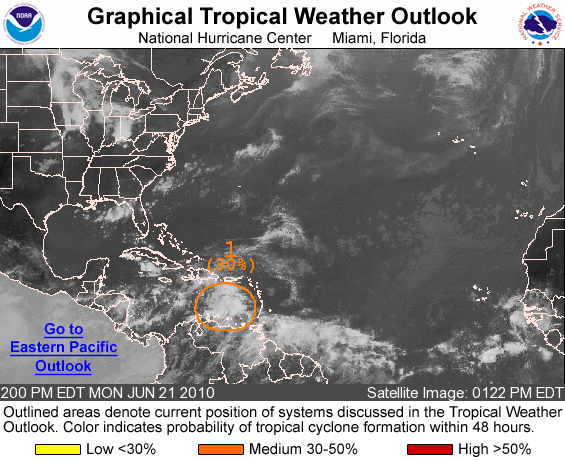
FOR THE NORTH ATLANTIC...CARIBBEAN SEA AND THE GULF OF MEXICO...

1. A LARGE AREA OF SHOWERS AND THUNDERSTORMS OVER THE EASTERN CARIBBEAN SEA IS ASSOCIATED WITH A STRONG TROPICAL WAVE THAT IS MOVING WESTWARD AT 10 TO 15 MPH. ALTHOUGH THERE IS NO EVIDENCE OF A SURFACE CIRCULATION...THIS SYSTEM IS SHOWING SOME SIGNS OF ORGANIZATION AND ENVIRONMENTAL CONDITIONS APPEAR CONDUCIVE FOR GRADUAL DEVELOPMENT DURING THE NEXT COUPLE OF DAYS. THIS WAVE COULD PRODUCE LOCALLY HEAVY RAINFALL AND GUSTY WINDS OVER PORTIONS OF NORTHERN VENEZUELA...THE NETHERLANDS ANTILLES...PUERTO RICO...THE DOMINICAN REPUBLIC...AND HAITI OVER THE NEXT DAY OR SO. THERE IS A MEDIUM CHANCE...30 PERCENT...OF THIS SYSTEM BECOMING A TROPICAL CYCLONE DURING THE NEXT 48 HOURS.

ELSEWHERE...TROPICAL CYCLONE FORMATION IS NOT EXPECTED DURING THE NEXT 48 HOURS.

FORECASTER BLAKE